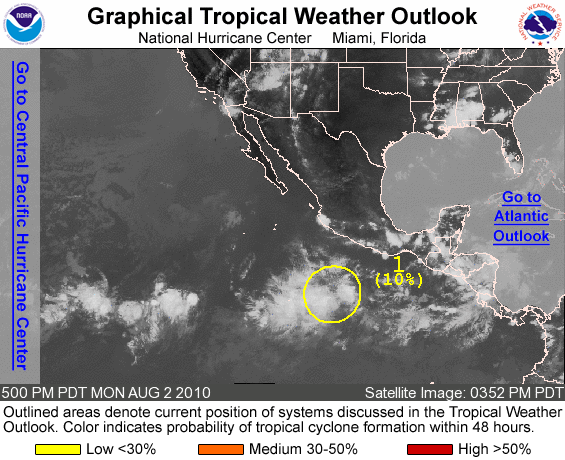
FOR THE EASTERN NORTH PACIFIC...EAST OF 140 DEGREES WEST LONGITUDE..

1. A LARGE AREA OF DISTURBED WEATHER HAS FORMED ABOUT 500 MILES SOUTH-SOUTHWEST OF MANZANILLO MEXICO. DEVELOPMENT OF THIS SYSTEM...IF ANY...IS EXPECTED TO BE SLOW TO OCCUR DUE TO STRONG UPPER-LEVEL WINDS. THERE IS A LOW CHANCE...10 PERCENT...OF THIS SYSTEM BECOMING A TROPICAL CYCLONE DURING THE NEXT 48 HOURS.

ELSEWHERE...TROPICAL CYCLONE FORMATION IS NOT EXPECTED DURING THE NEXT 48 HOURS.

FORECASTER BROWN